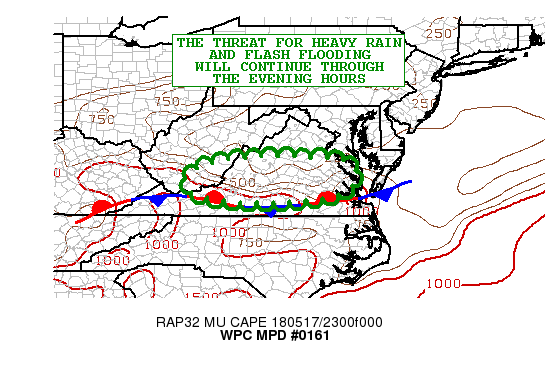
AREAS AFFECTED...CENTRAL/SOUTHWEST VA...SOUTHEAST WV

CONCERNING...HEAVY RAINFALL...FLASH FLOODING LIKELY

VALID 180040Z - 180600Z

SUMMARY...THE THREAT FOR HEAVY RAIN WILL CONTINUE THIS EVENING.
ADDITIONAL FLASH FLOODING IS LIKELY.

DISCUSSION...LATE-DAY GOES-16 CLEAN IR SATELLITE IMAGERY SHOWS AN
IMPRESSIVELY DIFFLUENT UPPER LEVEL FLOW PATTERN OVER THE
MID-ATLANTIC REGION AS A BROAD UPPER TROUGH MAINTAINS ITSELF OVER
THE SOUTHEAST. THIS COUPLED WITH PROXIMITY OF A STATIONARY
FRONT...DEEP MOISTURE AND AT LEAST MODEST INSTABILITY CONTINUES TO
HELP FOCUS RATHER WIDESPREAD CONVECTION WITH HEAVY RAINFALL.

THE LATEST RADAR IMAGERY CONTINUES TO SHOW THE STRONGEST
CONVECTIVE CELLS ACROSS AREAS OF WEST-CENTRAL TO SOUTHWEST VA
WHERE ALREADY AS MUCH AS 3 TO 4 INCHES OF RAIN HAS FALLEN.
CONVECTIVE CLOUD TOPS ACROSS THIS REGION REMAIN QUITE COLD AND
REFLECTIVE OF WHERE CONVECTION HAS BEEN A BIT MORE CONCENTRATED
THIS AFTERNOON. THE COLD TOPS CONTINUE TO SIGNAL A CONTINUATION OF
ROBUST UPDRAFTS AND THIS IS BEING FACILITATED BY AT LEAST MODEST
INSTABILITY WITH MUCAPE VALUES OF 500 TO 1000 J/KG  POOLED IN
VICINITY OF THE FRONT.

THE ACTIVITY OVER THE NEXT FEW HOURS WILL TEND TO PERSIST A BIT
GIVEN THE AID OF A BROADLY DIFFLUENT UPPER PATTERN AND THE LARGER
SCALE WARM ADVECTION PATTERN. HOWEVER...AS INSTABILITY BECOMES
INCREASINGLY EXHAUSTED...THE RAINFALL RATES SHOULD TEND TO COME
DOWN A BIT. ALSO THE OVERALL COVERAGE SHOULD BEGIN TO COME DOWN.

MUCH OF THE FOCUS SHOULD REMAIN ALONG AND A TAD NORTH OF THE
FRONT...ENCOMPASSING AREAS FROM CENTRAL AND SOUTHWEST VA WEST TO
SOUTHEAST WV. GIVEN PWATS OF 1.75 INCHES OR GREATER...THE RAINFALL
RATES SHOULD STILL BE CAPABLE OF REACHING AS MUCH AS 2 INCHES/HR
WITHIN THE STRONGER CONVECTIVE CORES. THE LATEST HRRR GUIDANCE
TENDS TO SUPPORT THE GREATEST CONCENTRATION OF RAINFALL PERSISTING
OVER AREAS OF WEST-CENTRAL AND SOUTHWEST VA AND ALSO GETTING INTO
PARTS OF FAR SOUTHEAST WV.

EXPECT AS MUCH AS AN ADDITIONAL 3 TO 4 INCHES TO BE POSSIBLE AT
LEAST LOCALLY. THESE VALUES WILL CONTRIBUTE TO ADDITIONAL FLASH
FLOODING CONCERNS THROUGH THE EVENING HOURS.